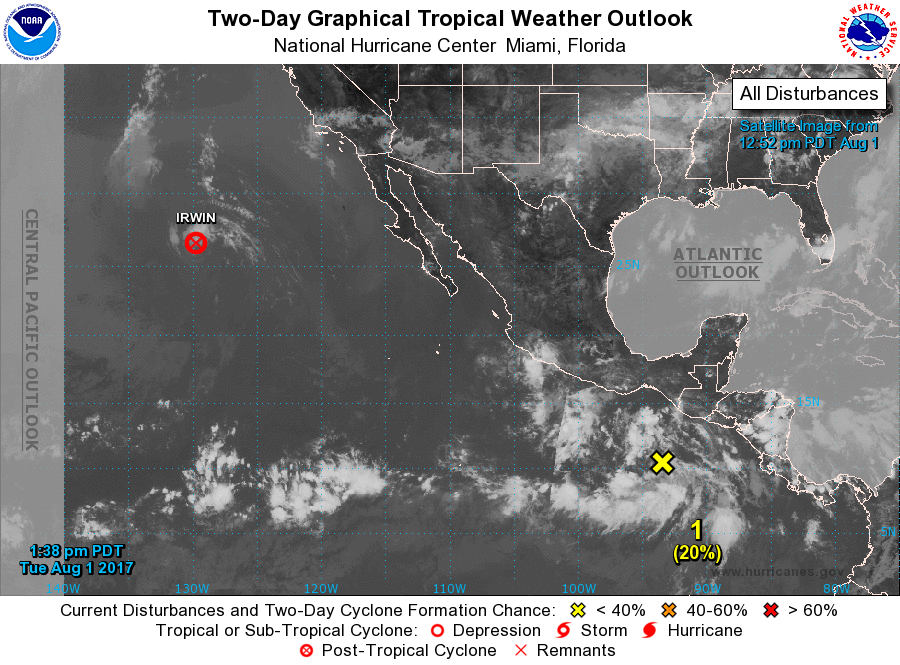
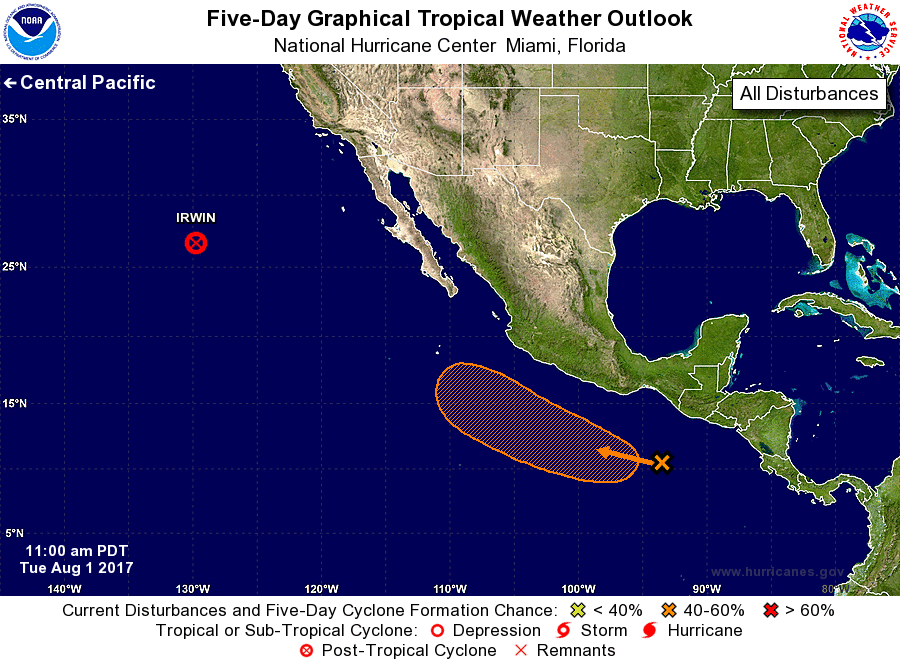
For the eastern North Pacific...east of 140 degrees west longitude:

The National Hurricane Center is issuing advisories on Tropical Depression Irwin, located more than a thousand miles west-northwest of the southern tip of the Baja California peninsula.

1. Cloudiness and showers located several hundred miles south-southeast of the Gulf of Tehuantepec have increased some today. This activity is associated with a tropical wave, and conditions are conducive for some gradual development during the next several days while the system moves west-northwestward at 10 to 15 mph.
* Formation chance through 48 hours...low...20 percent.
* Formation chance through 5 days...medium...50 percent.

Forecaster Avila